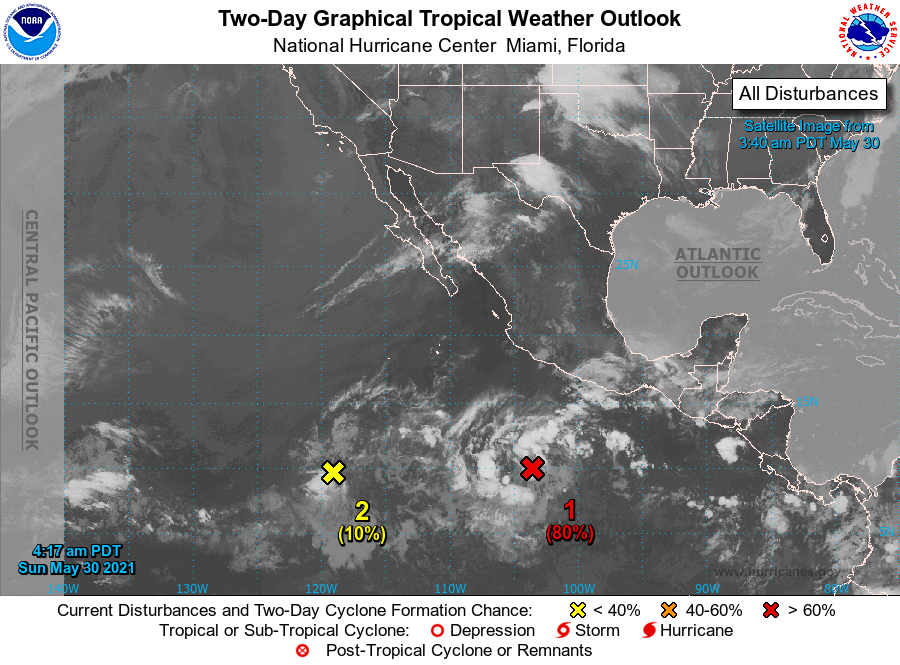
For the eastern North Pacific...east of 140 degrees west longitude:

1. A low pressure system located more than 500 miles south-southwest of Acapulco, Mexico, is gradually becoming better defined. Associated shower and thunderstorm activity continues to show signs of organization, and environmental conditions are expected to be conducive for a tropical depression to form at any time during the next couple of days while the system moves west-northwestward to westward at about 10 mph.
* Formation chance through 48 hours...high...80 percent.
* Formation chance through 5 days...high...90 percent.

2. Shower and thunderstorm activity associated with a weak area of low pressure located more than 1100 miles southwest of the southern tip of the Baja California peninsula remains disorganized. This system is forecast to move generally westward at 5 to 10 mph into a drier and more stable airmass during the next couple of days with little, if any, further development expected.
* Formation chance through 48 hours...low...10 percent.
* Formation chance through 5 days...low...10 percent.

Forecaster Stewart